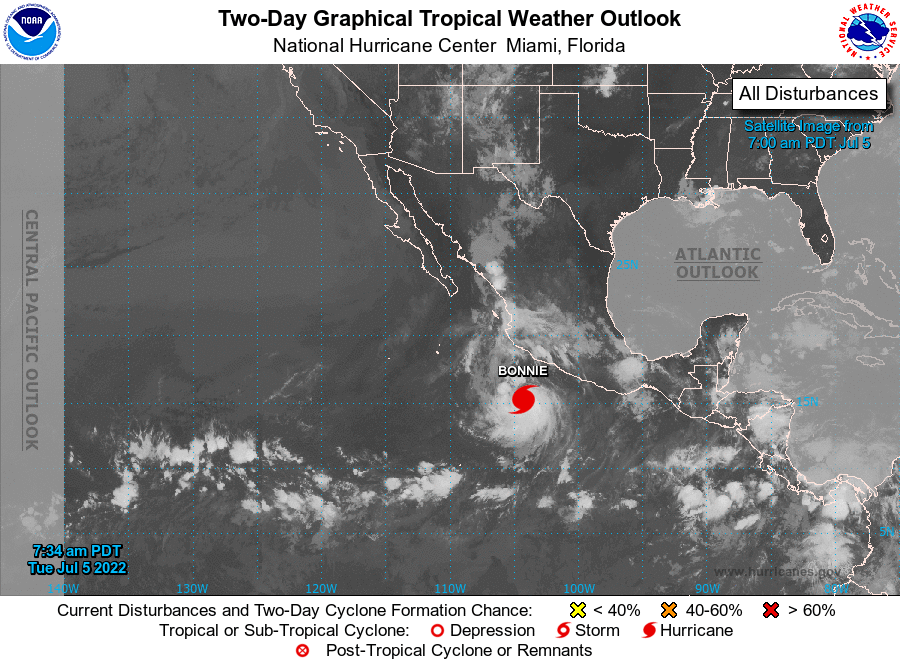
For the eastern North Pacific...east of 140 degrees west longitude:

Active Systems: The National Hurricane Center is issuing advisories on Hurricane Bonnie, located a couple of hundred miles south of southwestern Mexico.

1.

1. Offshore of Southern Mexico: A broad area of low pressure is expected to form well south of the southern coast of Mexico toward the end of the week. Environmental conditions are conducive for gradual development of this system thereafter as it moves generally west-northwestward.
* Formation chance through 48 hours...low...near 0 percent.
* Formation chance through 5 days...low...20 percent.

Forecaster Roberts